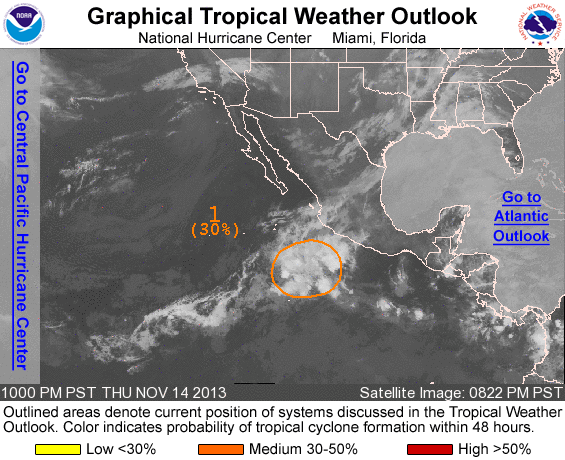
FOR THE EASTERN NORTH PACIFIC...EAST OF 140 DEGREES WEST LONGITUDE..

1. A TROUGH OF LOW PRESSURE LOCATED SEVERAL HUNDRED MILES SOUTHWEST OF THE SOUTHWESTERN COAST OF MEXICO CONTINUES TO PRODUCE A LARGE AREA OF DISORGANIZED SHOWERS AND THUNDERSTORMS. ENVIRONMENTAL CONDITIONS ARE EXPECTED TO BE MARGINALLY CONDUCIVE FOR DEVELOPMENT DURING THE NEXT DAY OR SO...AND THIS SYSTEM HAS A MEDIUM CHANCE...30 PERCENT...OF BECOMING A TROPICAL CYCLONE DURING THE NEXT 48 HOURS WHILE IT MOVES GENERALLY NORTHWARD AND THEN NORTHEASTWARD TOWARD THE COAST OF SOUTHWESTERN MEXICO. AFTER THAT TIME...STRONG UPPER-LEVEL WINDS AND INTERACTION WITH LAND ARE EXPECTED TO INHIBIT FURTHER DEVELOPMENT...AND THIS SYSTEM ALSO HAS A MEDIUM CHANCE...30 PERCENT...OF BECOMING A TROPICAL CYCLONE DURING THE NEXT 5 DAYS.

FIVE-DAY FORMATION PROBABILITIES ARE EXPERIMENTAL IN 2013. COMMENTS ON THE EXPERIMENTAL FORECASTS CAN BE PROVIDED AT...

HTTP://WWW.NWS.NOAA.GOV/SURVEY/NWS-SURVEY.PHP?CODE=ETWO

FORECASTER BROWN